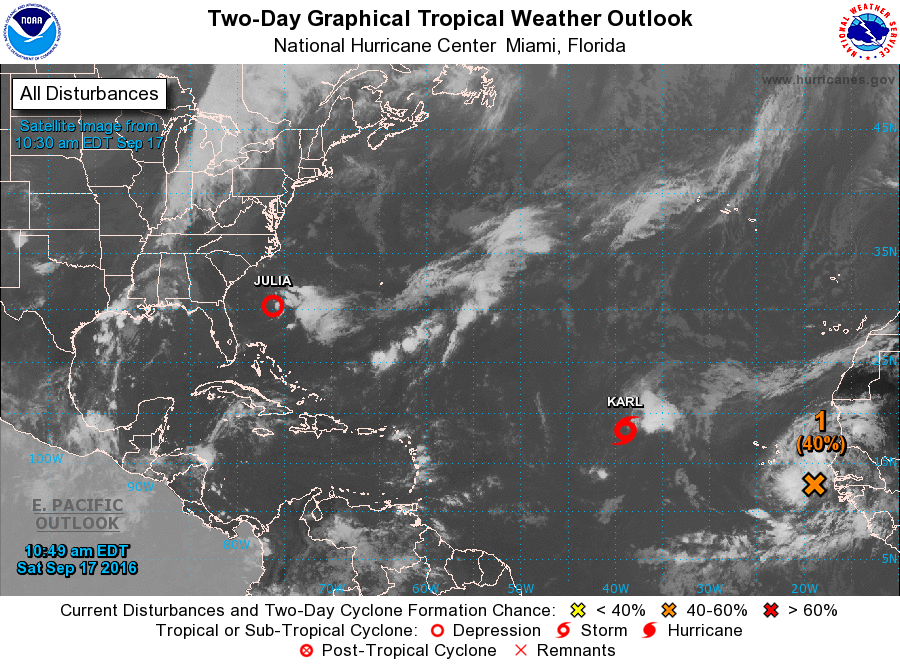
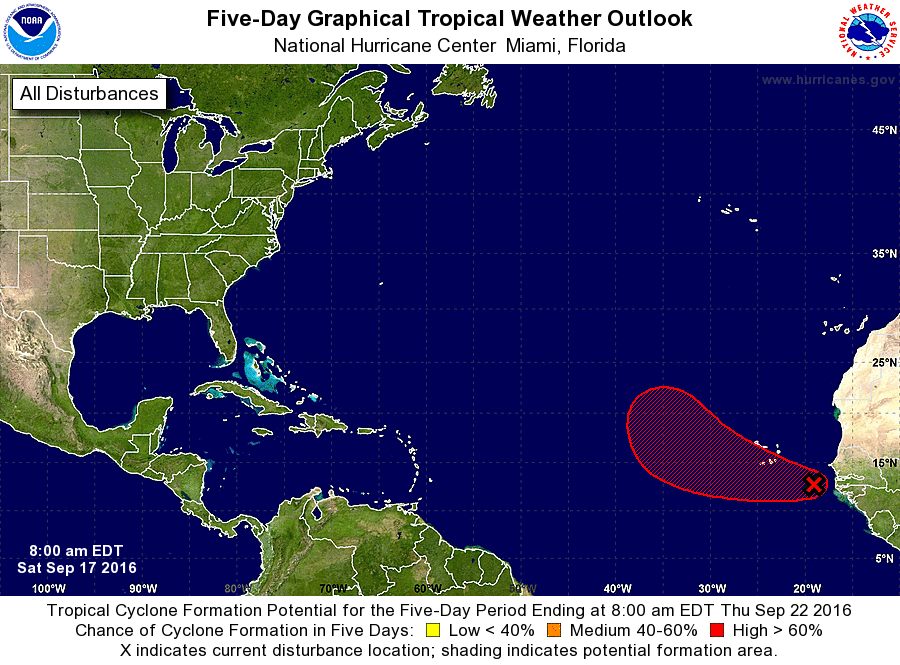
For the North Atlantic...Caribbean Sea and the Gulf of Mexico:

The National Hurricane Center is issuing advisories on Tropical Depression Julia, located a couple hundred miles southeast of the coast of South Carolina, and on Tropical Storm Karl, located about midway between Africa and the Leeward Islands.

1. Showers and thunderstorms have increased near a broad low pressure area associated with a tropical wave located between Africa and the Cabo Verde Islands. Environmental conditions appear conducive for development, and a tropical depression could form by the early part of next week while this system moves westward to west-northwestward across the eastern tropical Atlantic. This system is likely to bring heavy rain and gusty winds to portions of the Cabo Verde Islands during the next couple of days.
* Formation chance through 48 hours...medium...40 percent
* Formation chance through 5 days...high...70 percent

Forecaster Blake